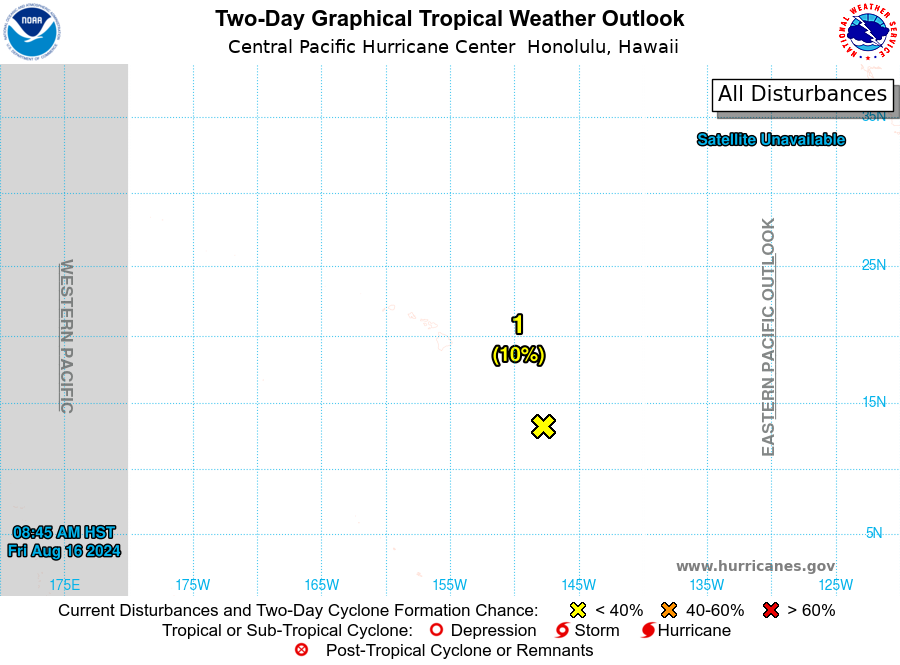
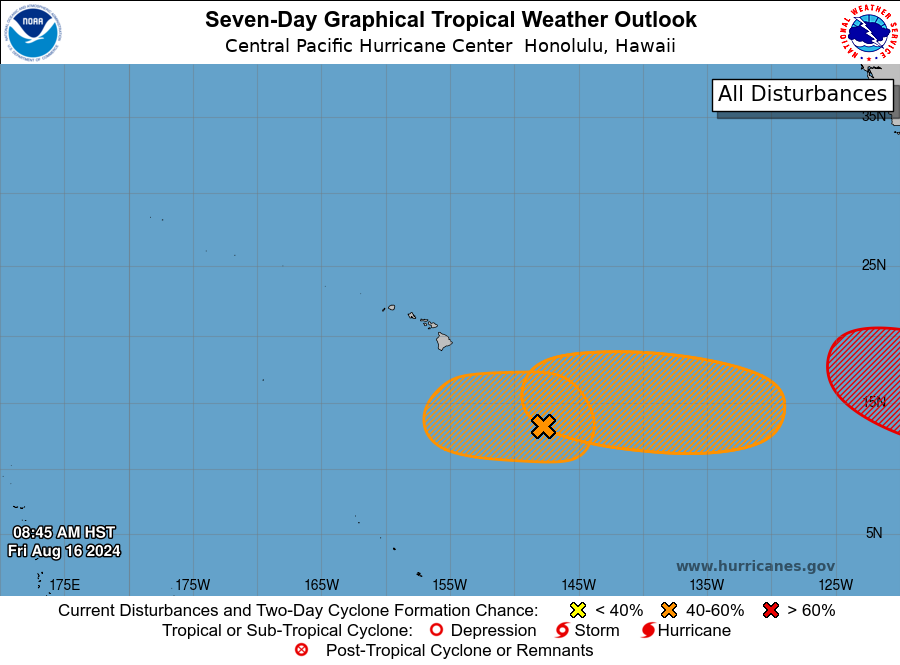
For the central North Pacific...between 140W and 180W:

1. Approximately 700 miles southeast of Hilo, Hawaii: Disorganized showers and thunderstorms are associated with a broad area of low pressure. Environmental conditions appear marginally conducive for some development of this system this weekend or early next week while moving westward at about 10 mph.
* Formation chance through 48 hours...low...10 percent.
* Formation chance through 7 days...medium...40 percent.

2. Approximately 1350 miles east-southeast of Hilo, Hawaii: An area of low pressure could form by early next week more than a thousand miles west-southwest of the southern tip of the Baja California peninsula. Some slow development of this system is possible, and a tropical depression could form during the middle to latter part of next week while it moves generally westward across the western portion of the East Pacific and into the Central Pacific basin.
* Formation chance through 48 hours...low...near 0 percent.
* Formation chance through 7 days...medium...50 percent.

Elsewhere, no tropical cyclones are expected during the next 7 days.

Forecaster Foster